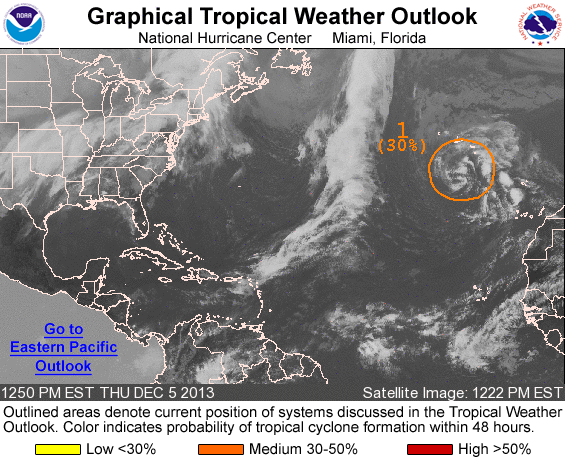
FOR THE NORTH ATLANTIC...CARIBBEAN SEA AND THE GULF OF MEXICO...

1. SHOWER AND THUNDERSTORM ACTIVITY HAS BECOME A LITTLE MORE CONCENTRATED IN ASSOCIATION WITH A NON-TROPICAL AREA OF LOW PRESSURE CENTERED ABOUT 300 MILES SOUTH OF THE AZORES. THIS LOW IS PRODUCING GALE-FORCE WINDS...AND COULD ACQUIRE SOME SUBTROPICAL CHARACTERISTICS BEFORE WEAKENING AS IT BEGINS TO MOVE NORTHWARD ON FRIDAY. THIS SYSTEM HAS A MEDIUM CHANCE...30 PERCENT...OF BECOMING A SUBTROPICAL OR TROPICAL CYCLONE DURING THE NEXT 48 HOURS...AND A MEDIUM CHANCE...30 PERCENT...OF BECOMING A SUBTROPICAL OR TROPICAL CYCLONE DURING THE NEXT FIVE DAYS.

ADDITIONAL INFORMATION ON THIS SYSTEM CAN BE FOUND IN HIGH SEAS FORECASTS ISSUED BY METEO FRANCE. ANOTHER SPECIAL TROPICAL WEATHER OUTLOOK ON THIS SYSTEM WILL BE ISSUED NEAR 7 AM EST ON FRIDAY DECEMBER 6...OR SOONER IF NECESSARY.

HIGH SEAS FORECASTS ISSUED BY METEO FRANCE CAN BE FOUND UNDER WMO HEADER FQNT50 LFPW.

FIVE-DAY FORMATION PROBABILITIES ARE EXPERIMENTAL IN 2013. COMMENTS ON THE EXPERIMENTAL FORECASTS CAN BE PROVIDED AT...

HTTP://WWW.NWS.NOAA.GOV/SURVEY/NWS-SURVEY.PHP?CODE=ETWO

FORECASTER BRENNAN